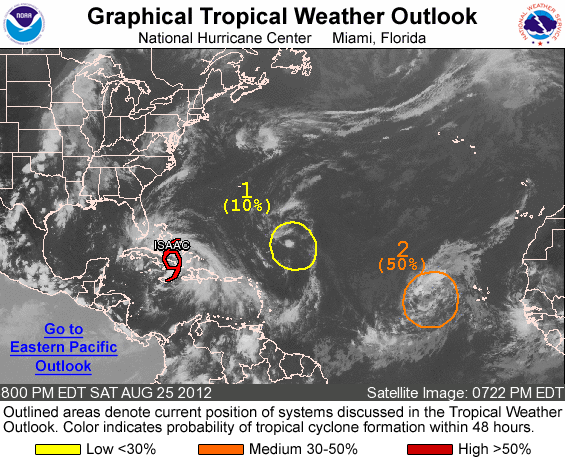
FOR THE NORTH ATLANTIC...CARIBBEAN SEA AND THE GULF OF MEXICO...

THE NATIONAL HURRICANE CENTER IS ISSUING ADVISORIES ON TROPICAL STORM ISAAC...LOCATED ABOUT 80 MILES EAST-NORTHEAST OF CAMAGUEY CUBA.

1. THERE HAS BEEN LITTLE CHANGE WITH THE WEAK REMNANTS OF TROPICAL DEPRESSION JOYCE...LOCATED ABOUT 650 MILES NORTHEAST OF THE NORTHERN LEEWARD ISLANDS. UPPER-LEVEL WINDS ARE UNFAVORABLE FOR THE SYSTEM TO REGENERATE INTO A TROPICAL CYCLONE DURING THE NEXT COUPLE OF DAYS. THIS SYSTEM HAS A LOW CHANCE...10 PERCENT...OF BECOMING A TROPICAL CYCLONE AGAIN DURING THE NEXT 48 HOURS AS IT MOVES NORTHWESTWARD AT ABOUT 20 MPH.

2. AN AREA OF LOW PRESSURE LOCATED ABOUT 500 MILES WEST OF THE CAPE VERDE ISLANDS HAS BECOME BETTER DEFINED TODAY. ENVIRONMENTAL CONDITIONS APPEAR TO SUPPORT FURTHER DEVELOPMENT...AND THIS LOW COULD BECOME A TROPICAL DEPRESSION OVER THE NEXT DAY OR TWO. THIS SYSTEM HAS A MEDIUM CHANCE...50 PERCENT...OF BECOMING A TROPICAL CYCLONE DURING THE NEXT 48 HOURS AS IT MOVES TOWARD THE WEST-NORTHWEST AT 10 TO 15 MPH.

ELSEWHERE...TROPICAL CYCLONE FORMATION IS NOT EXPECTED DURING THE NEXT 48 HOURS.

FORECASTER BLAKE